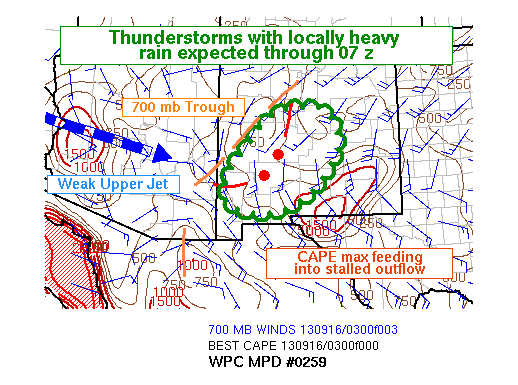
AREAS AFFECTED...SRN AND CNTRL NM

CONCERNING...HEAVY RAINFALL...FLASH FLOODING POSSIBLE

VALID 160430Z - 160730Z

SUMMARY...UPPER LEVEL SUPPORT WILL SUSTAIN SLOW MOVING
THUNDERSTORMS THROUGH 07Z. RAIN TOTALS AT ANY ON SPOT MAY NOT
EXCEED 1 OR 1.5 INCHES...BUT THE VOLUME OF RAIN INTO ANY
PARTICULAR DRAINAGE BASIN COULD EASILY LEAD TO NEW FLASH FLOODING.

DISCUSSION...JUDGING BY RADAR AND SFC OBS AN OUTFLOW BOUNDARY HAD
STALLED OR WAS VERY SLOW MOVING IN GRANT...SIERRA...AND SOCCORRO
COUNTIES AT 04Z. THIS BOUNDARY WAS LOCATED AT THE NORTHWEST SIDE
OF A CAPE MAXIMUM...WITH UNSTABLE AIR FEEDING INTO SW AND CNTRL NM
IN A LAYER CENTERED ON 700 MB. THIS COMBINED WITH SUBTLE MID LEVEL
LIFT AT THE BASE OF THE SLOW MOVING INTERMOUNTAIN TROUGH...SHOULD
SUSTAIN THUNDERSTORMS THROUGH AT LEAST 07Z. AFTER THAT TIME...CAPE
DIMINISHES IN BOTH THE HRRR AND RAP MODELS.

WITH 0-6 KM WIND SHEAR ONLY 10-15 KT...CELLS WERE BEHAVING AS
ORDINARY CELLS WITH SHORT DURATION OF UPDRAFTS OVER ANY PARTICULAR
POINT. WITH SLOW MOVEMENT AVERAGING 5 KT...HOWEVER...LOCALLY HEAVY
RAIN COULD RESULT...ESPECIALLY IN A BASIN-AVERAGE SENSE. WITH MOST
OF THE CELLS AT LONG RANGE FROM RADAR...RAIN ESTIMATES WILL BE
DIFFICULT. PW VALUES ARE NEAR OR JUST ABOVE 1 INCH...BUT THERE IS
RELATIVELY DRY AIR BENEATH CLOUD BASE PER EPZ RAOB AND RAP
SOUNDINGS. AFTER DISCUSSING WITH NESDIS...FEEL THAT THIS EVENT IS
BEST GAUGED BY ASSUMING MAX RAIN RATES ABOUT 1 INCH PER HOUR.
FLASH FLOOD GUIDANCE IN THE REGION IS ON THE ORDER OF 1 INCH IN AN
HOUR...AND AGAIN...WITH THE FORCING MECHANISMS PERSISTING OVER THE
SAME LOCATION...OR DRIFTING SLOWLY ESE...COULD SEE SOME HIGHER
TOTALS LOCALLY. BOTH THE NSSL WRF AND EMC WRF ARW...WHICH HANDLED
THINGS WELL THROUGH 03Z...PREDICT EVENT TOTALS OVER 2 INCHES ALONG
THIS STALLED OUTFLOW BOUNDARY.